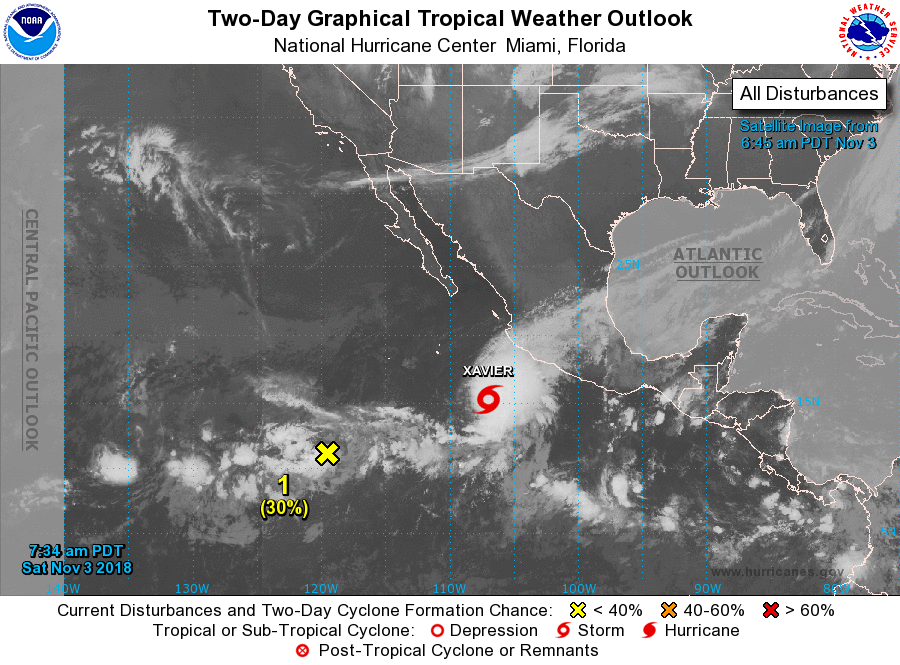
For the eastern North Pacific...east of 140 degrees west longitude:

The National Hurricane Center is issuing advisories on Tropical Storm Xavier, located several hundred miles southwest of Manzanillo, Mexico.

1. An area of disorganized cloudiness and showers is located about 1000 miles southwest of the southern tip of the Baja California peninsula. Some development of this system is possible during the next few days while it moves slowly northward or northeastward. Environmental conditions are forecast to become unfavorable for further development by early next week.
* Formation chance through 48 hours...low...30 percent.
* Formation chance through 5 days...medium...40 percent.

Public Advisories on Tropical Storm Xavier are issued under WMO header WTPZ35 KNHC and under AWIPS header MIATCPEP5. Forecast/Advisories on Tropical Storm Xavier are issued under WMO header WTPZ25 KNHC and under AWIPS header MIATCMEP5.

Forecaster Beven